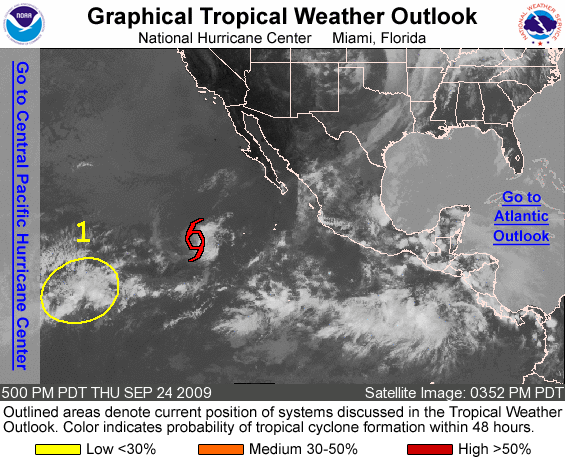
FOR THE EASTERN NORTH PACIFIC...EAST OF 140 DEGREES WEST LONGITUDE..

THE NATIONAL HURRICANE CENTER IS ISSUING ADVISORIES ON TROPICAL STORM NORA...LOCATED ABOUT 800 MILES WEST-SOUTHWEST OF THE SOUTHERN TIP OF BAJA CALIFORNIA.

1. A LARGE AREA OF DISORGANIZED SHOWERS AND THUNDERSTORMS IS LOCATED ABOUT 1400 MILES EAST-SOUTHEAST OF THE HAWAIIAN ISLANDS. SOME SLOW DEVELOPMENT OF THIS SYSTEM IS POSSIBLE OVER THE NEXT COUPLE OF DAYS AS IT MOVES WEST-NORTHWESTWARD AT 5 TO 10 MPH. THERE IS A LOW CHANCE...LESS THAN 30 PERCENT...OF THIS SYSTEM BECOMING A TROPICAL CYCLONE DURING THE NEXT 48 HOURS.

ELSEWHERE...TROPICAL CYCLONE FORMATION IS NOT EXPECTED DURING THE NEXT 48 HOURS.

FORECASTER BERG